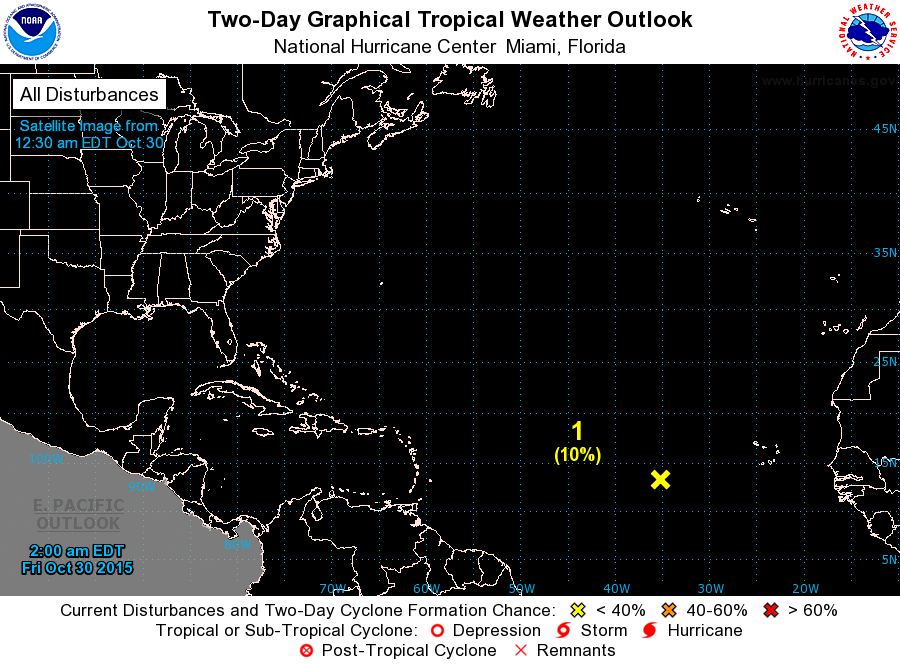
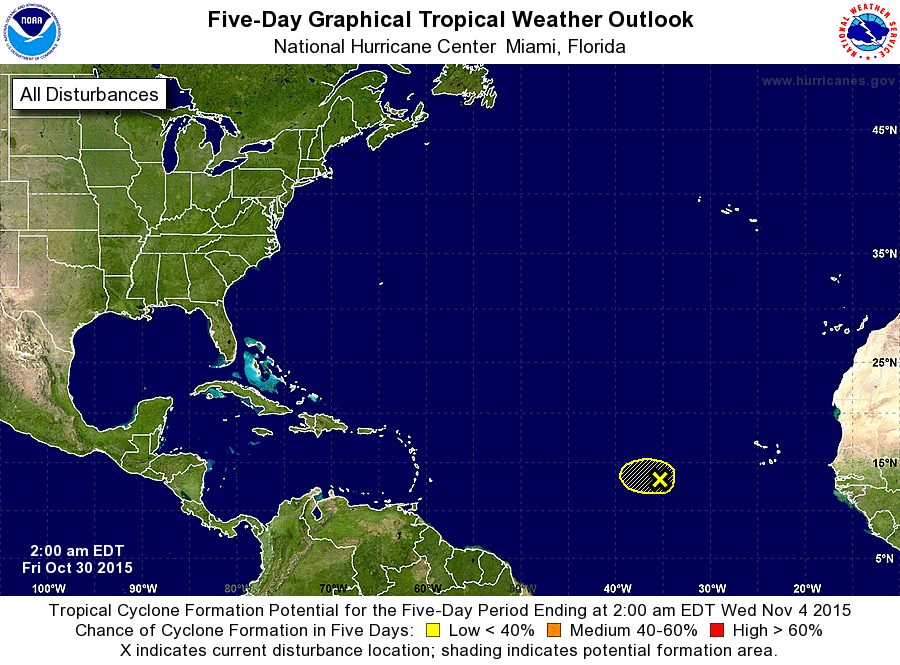
For the North Atlantic...Caribbean Sea and the Gulf of Mexico:

1. Showers and thunderstorms remain disorganized in association with an area of low pressure located several hundred miles west-southwest of the Cape Verde Islands. Strong upper-level winds should limit the development of this system while it moves westward near 15 mph over the next few days.
* Formation chance through 48 hours...low...10 percent
* Formation chance through 5 days...low...10 percent

Forecaster Cangialosi